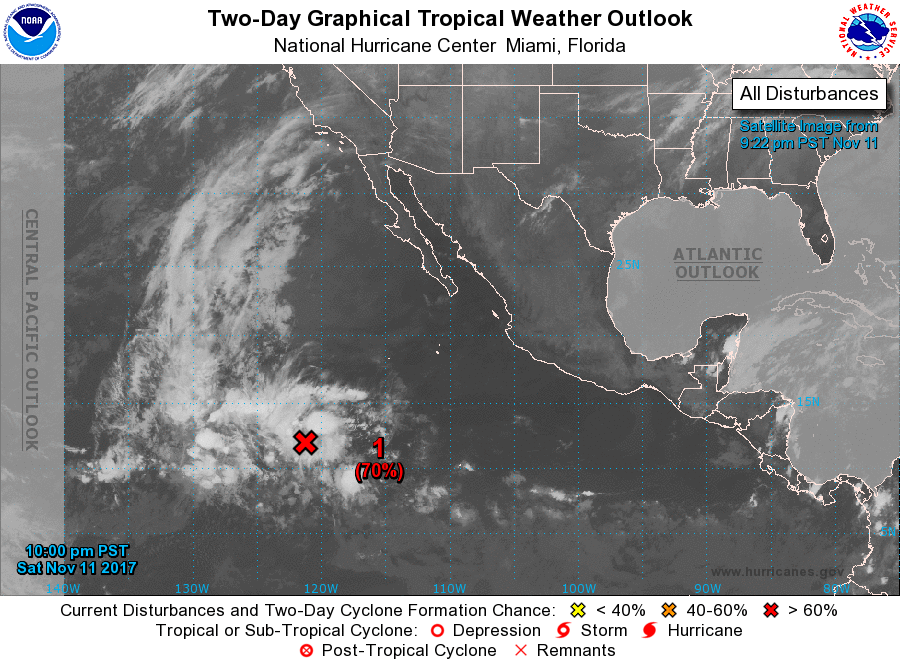
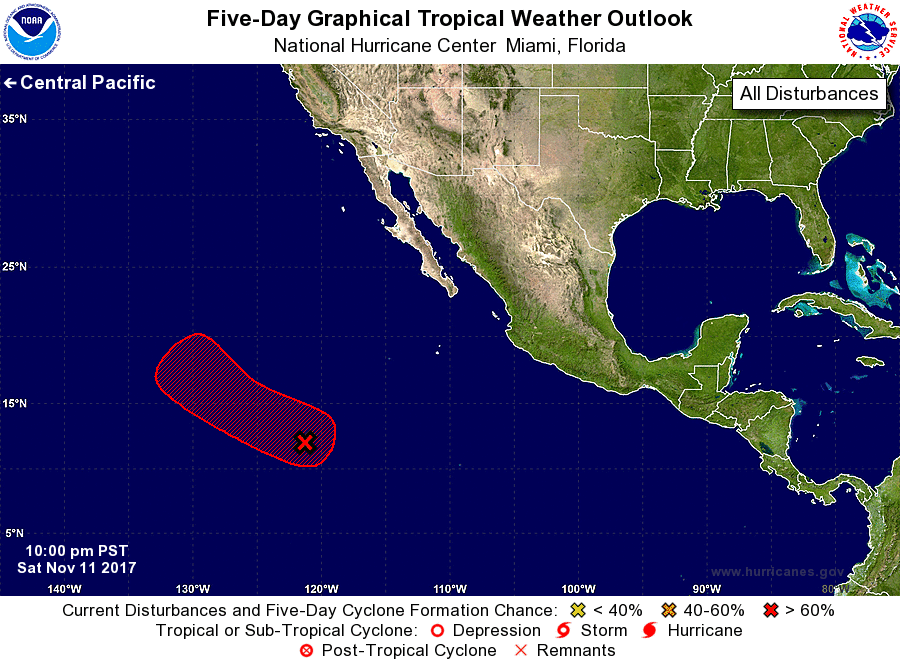
For the eastern North Pacific...east of 140 degrees west longitude:

1. Recent reports from a nearby ship indicate that the low pressure system located more than 1000 miles southwest of the southern tip of the Baja California peninsula has continued to become better defined. Only a slight increase in the organization of the associated thunderstorm activity would result in the formation of a tropical depression on Sunday. By the middle of next week, however, upper-level winds are expected become quite unfavorable for tropical cyclone formation to occur. This system is forecast to move west-northwestward to northwestward at 15 to 20 mph across the open eastern Pacific during the next several days.
* Formation chance through 48 hours...high...70 percent.
* Formation chance through 5 days...high...70 percent.

Forecaster Stewart